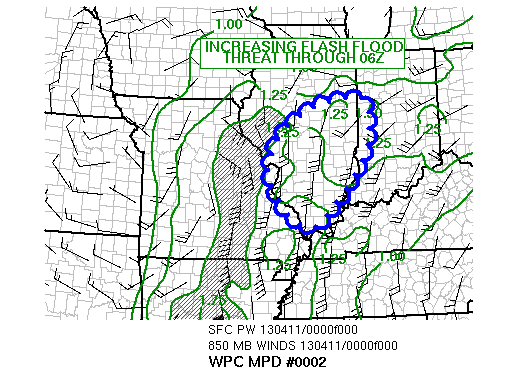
AREAS AFFECTED...ERN MISSOURI INTO CNTRL/SRN ILLINOIS AND WRN
INDIANA

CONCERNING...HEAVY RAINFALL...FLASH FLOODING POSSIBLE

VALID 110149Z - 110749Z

SUMMARY...FLASH FLOODING POSSIBLE FROM THE MID-MISSISSIPPI RIVER
INTO CENTRAL AND SOUTHERN ILLINOIS EARLY TONIGHT.

DISCUSSION...AT 00Z...A 1001 MB SURFACE LOW WAS LOCATED JUST NORTH
OF ST. LOUIS WITH A COLD FRONT EXTENDING SSWWD THROUGH MISSOURI
INTO ARKANSAS. RADAR IMAGERY SHOWED AN EXPANSIVE REGION OF
MODERATE TO LOCALLY HEAVY RAIN ALONG AND JUST BEHIND THE COLD
FRONT WHICH IS PROGRESSING TO THE EAST. RADAR ESTIMATED RAINFALL
OVER THE PAST SEVERAL HOURS INDICATES 1 TO 3 INCHES HAS FALLEN
FROM NEAR ST. LOUIS MO...NEWD TOWARD CHAMPAIGN IL. BLENDED TPW
IMAGERY SUGGESTS 1.25 TO 1.50+ INCHES OF PWAT EXTENDS ALONG THE
MID MISSISSIPPI VALLEY INTO SOUTHERN ILLINOIS...AND IS MOVING
NORTH.

AS WE HEAD INTO THE OVERNIGHT HOURS...SHORT TERM MODEL GUIDANCE
SUGGESTS 1.50+ INCH PWATS WILL ADVECT NWD INTO CNTRL ILLINOIS AND
WRN INDIANA VIA AN INCREASING LLJ AHEAD OF THE SLOW MOVING SURFACE
LOW THROUGH 06Z. LIFT THROUGH THE COLUMN SHOULD BE AIDED WITH
INCREASING UPPER DIFLUENCE AHEAD OF AN APPROACHING LARGE SCALE
UPPER TROUGH. RAINFALL RATES EXCEEDING 1 IN/HR ARE EXPECTED AND
THE FLASH FLOOD RISK WILL INCREASE GIVEN THE AFOREMENTIONED
RAINFALL ACROSS ILLINOIS AND FFG VALUES OF 1.5 IN / 3HR.